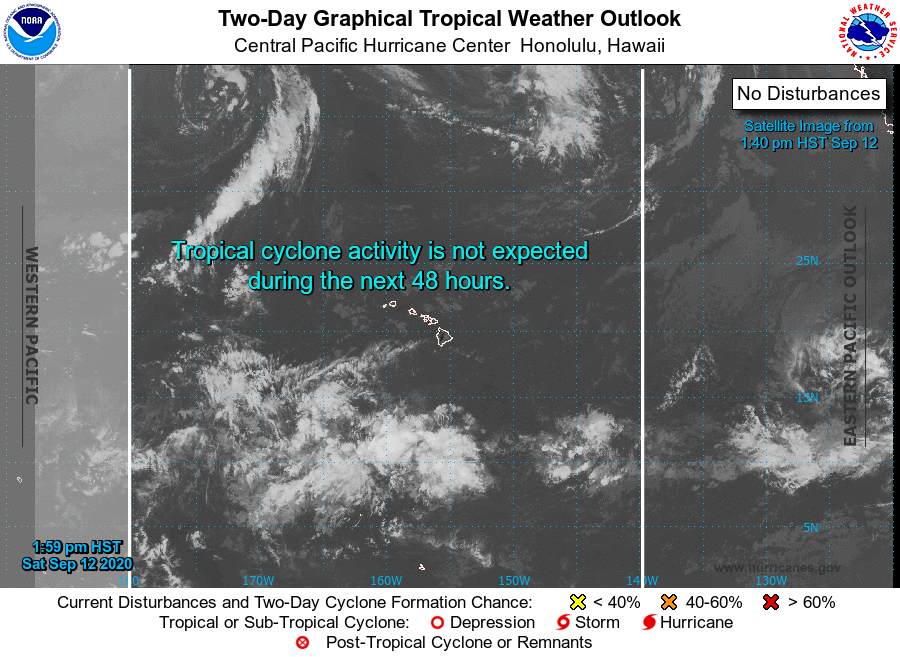
For the central North Pacific...between 140W and 180W:

No tropical cyclones are expected during the next 5 days.

Forecaster M Ballard